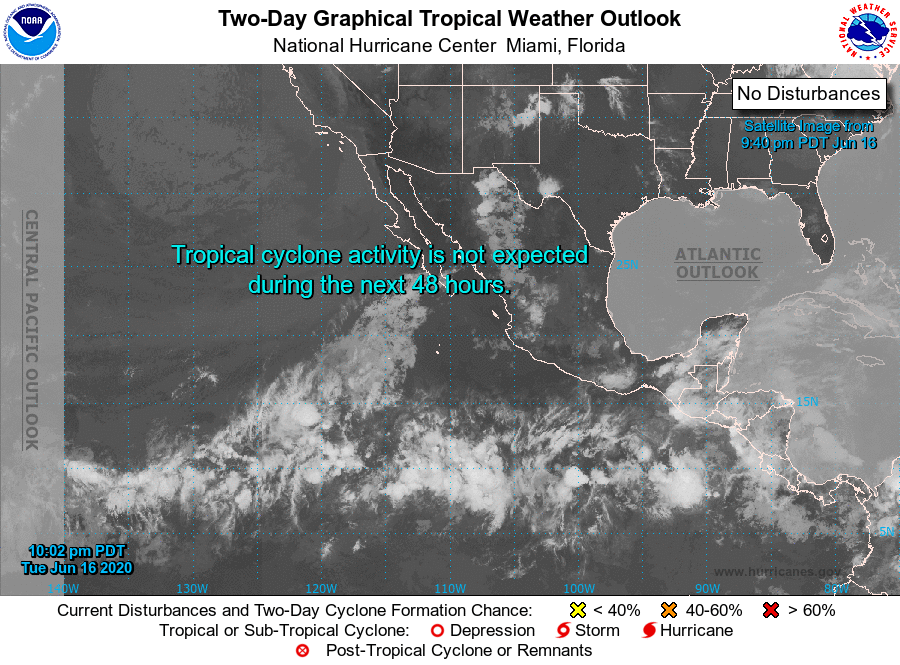
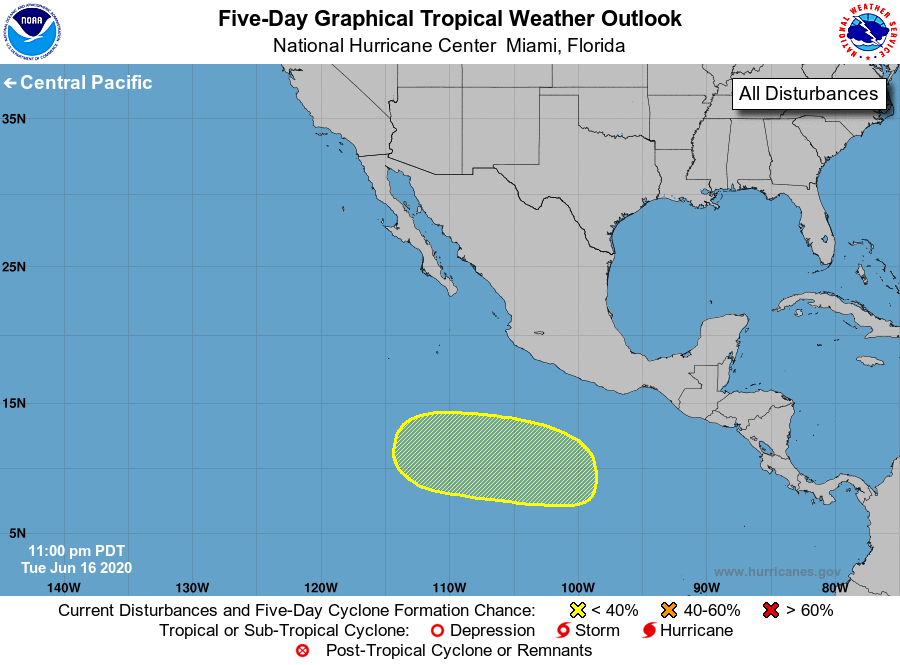
For the eastern North Pacific...east of 140 degrees west longitude:

1. A broad area of low pressure is expected to form south of the Gulf of Tehuantepec within a couple of days. Some slow development of this system is possible this weekend or early next week while the low moves westward, offshore of Mexico.
* Formation chance through 48 hours...low...near 0 percent.
* Formation chance through 5 days...low...20 percent.

Forecaster Blake